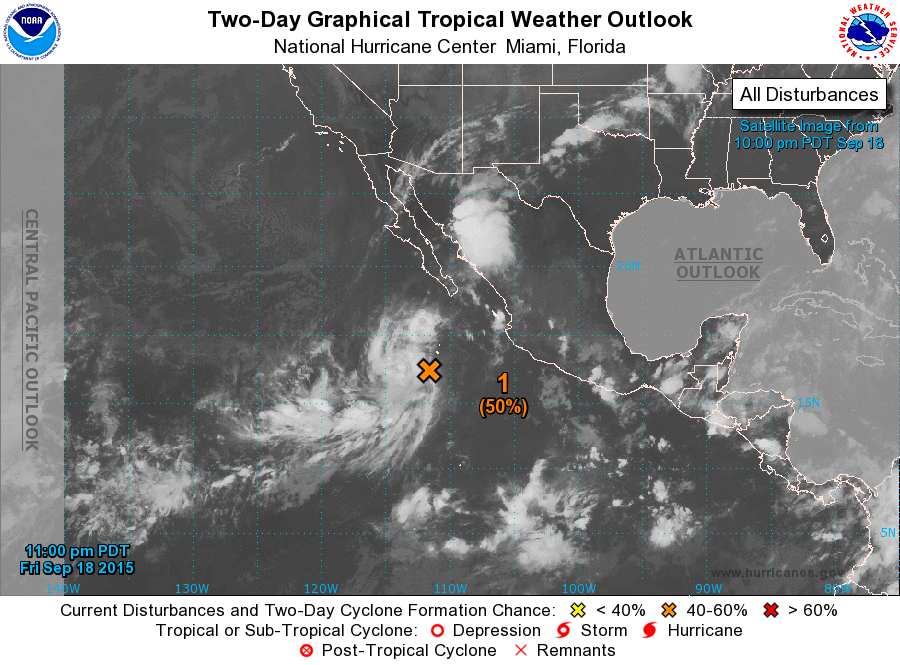
For the eastern North Pacific...east of 140 degrees west longitude:

1. Showers and thunderstorms associated with an area of low pressure located about 400 miles south-southwest of the southern tip of the Baja California peninsula continue to show signs of organization. Environmental conditions are conducive for development during the next day or so while this system moves generally north-northwestward at around 10 mph. After that time, colder water and strong upper- level winds should prevent tropical cyclone formation if it has not already occurred. Regardless of development, moisture from this system could produce heavy rain, life-threatening flash floods and mudslides across portions of the Baja California peninsula and northwestern mainland Mexico through the weekend.
* Formation chance through 48 hours...medium...50 percent
* Formation chance through 5 days...medium...50 percent

Forecaster Blake